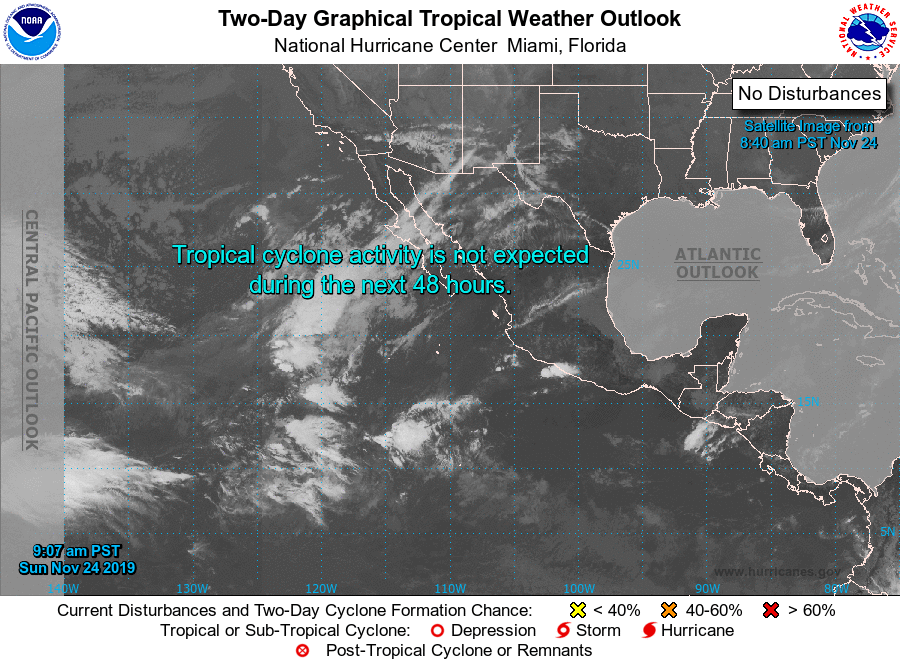
For the eastern North Pacific...east of 140 degrees west longitude:

Tropical cyclone formation is not expected during the next 5 days.

Forecaster Cangialosi